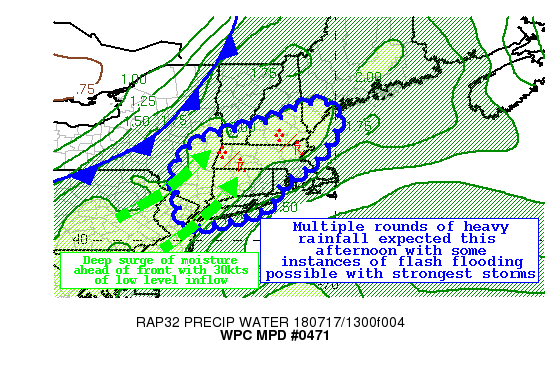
AREAS AFFECTED...SOUTHEAST NEW YORK AND SOUTHERN NEW ENGLAND

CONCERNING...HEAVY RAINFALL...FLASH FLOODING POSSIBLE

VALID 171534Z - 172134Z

SUMMARY...SLOW MOVING HEAVY SHOWERS AND THUNDERSTORMS ARE EXPECTED
FROM SOUTHEAST NEW YORK TO EXTREME SOUTHWEST MAINE THROUGH MOST OF
THE AFTERNOON.  HEAVY RAINFALL RATES IN EXCESS OF 1.5 INCHES PER
HOUR AT TIMES COULD LEAD TO INSTANCES OF FLASH FLOODING.

DISCUSSION...LATEST GOES 16 SATELLITE IMAGERY AND REGIONAL DOPPLER
RADARS ARE INDICATING SLOW MOVING BANDS OF THUNDERSTORMS EXTENDING
FROM SOUTHWEST TO NORTHEAST.  CONDITIONS WILL BECOME INCREASINGLY
FAVORABLE OVER THE NEXT FEW HOURS AS THE LEADING EDGE OF MID LEVEL
HEIGHT FALLS APPROACHES THE REGION.  MLCAPE IS PROGGED BY THE SPC
MESOANALYSIS TO REACH THE 1500 TO 2500 J/KG RANGE IN THE PRESENCE
OF 1.8 TO 2.2 INCH PWS.  MORNING RAOBS IN THIS AREA ALSO WERE
INDICATING DEEP LAYER UNI-DIRECTIONAL FLOW FROM THE SOUTHWEST,
WITH THE POTENTIAL FOR SOME BACK-BUILDING OF CONVECTIVE ELEMENTS.

THE HIGH RES MODEL SUITE IS PORTRAYING THE POTENTIAL FOR
WIDESPREAD ONE INCH AMOUNTS THROUGH 5 PM, WITH SCATTERED CLUSTERS
OF 2 TO 4 INCH TOTALS.  THE WRF NSSL IS MORE ROBUST WITH THE
AMOUNTS, WITH GREATER COVERAGE OF AT LEAST 2 INCHES.  A MITIGATING
FACTOR HERE ARE THE RELATIVELY HIGH FLASH FLOOD GUIDANCE VALUES
OVER PARTS OF THIS REGION.  HOWEVER, THE POTENTIAL FOR HIGH
RAINFALL RATES WILL BE ENOUGH TO OVERCOME THE INITIALLY DRYER
GROUND CONDITIONS.